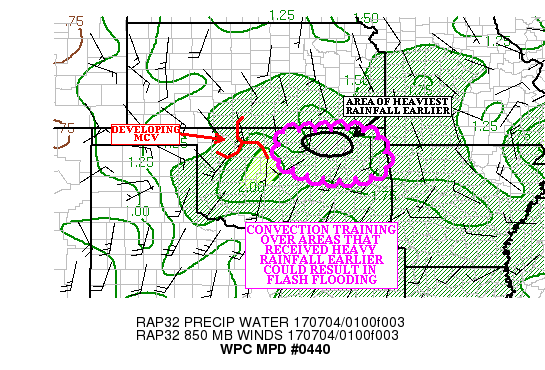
AREAS AFFECTED...NORTHEAST OK

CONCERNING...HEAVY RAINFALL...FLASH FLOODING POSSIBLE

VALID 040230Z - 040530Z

SUMMARY...CONVECTION TRAINING OVER AREAS THAT RECEIVED HEAVY
RAINFALL EARLIER THIS EVENING COULD RESULT IN A FLASH FLOOD THREAT
INTO THE EARLY MORNING HOURS.

DISCUSSION...REGIONAL RADARS SHOWED THE SOUTHERN FLANK OF THE
CONVECTION ACROSS
CENTRAL OK BECOMING MORE OUTFLOW DOMINATED...AND THE FLASH FLOOD
THREAT WITH THIS FEATURE APPEARS TO BE WANING.
HOWEVER...CONVECTION OVER NORTH CENTRAL OK AHEAD OF A DEVELOPING
MCV IS TRACKING TOWARD AREAS THAT RECEIVED HEAVY RAINFALL EARLIER
THIS EVENING. THE KINK RADAR SHOWED BETWEEN 3.50 AND 4.50 INCHES
OF RAINFALL ACROSS OSAGE COUNTY OK.

THE EXPERIMENTAL GOES-16 CLEAN IR CHANNEL SHOWED BURSTS OF COLD
TOPPED CONVECTION JUST TO THE SOUTHWEST OF THE AREAS OF HEAVIER
RAINFALL...IN AN AXIS OF 1500-2500 J/KG OF MLCAPE AND 1.80 INCH
PRECIPITABLE WATER AIR (THE 00Z KLMN SHOWED PRECIPITABLE WATER
VALUES NEAR 2.10 INCHES). THE MOISTURE AND INSTABILITY SHOULD BE
SUFFICIENT TO SUSTAIN THE CONVECTION ACROSS NORTHEAST OK THROUGH
AT LEAST THE 05-06Z TIME FRAME.

MUCH OF THE LATEST HIGH RESOLUTION GUIDANCE (INCLUDING THE LATEST
HRRR AND EXPERIMENTAL HRRR) WAS NOT HANDLING THE CONVECTIVE TRENDS
WELL...AND DOES NOT COVER THE CURRENT ACTIVITY ACROSS NORTH
CENTRAL OK. BASED ON SATELLITE AND RADAR TRENDS...IT APPEARS AS
THOUGH THERE IS THE POTENTIAL FOR ANOTHER 1.50 TO 2.50 INCHES OF
RAINFALL IN AREAS THAT GOT HIT HARD EARLIER.

THE ADDITIONAL RAINFALL COULD RESULT IN FLASH FLOODING INTO THE
EARLY MORNING HOURS. AS THE AIRMASS IS OVERTURNED ACROSS NORTHEAST
OK..THE THREAT FOR FLASH FLOODING SHOULD DECREASE TOWARD 06Z.